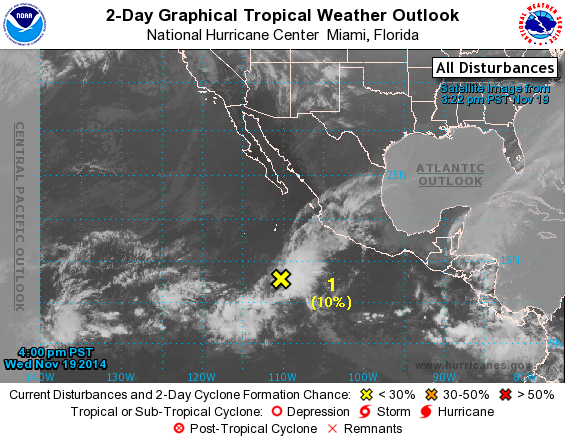
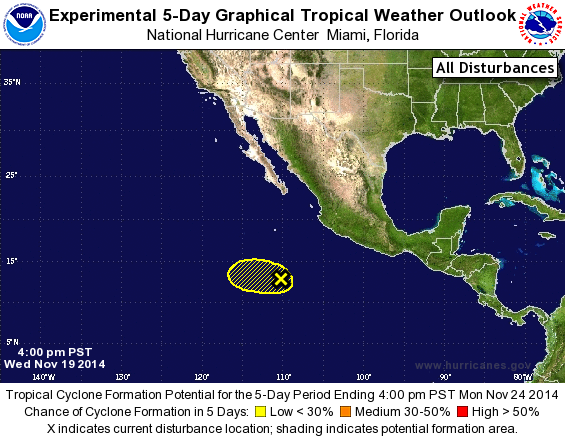
For the eastern North Pacific...east of 140 degrees west longitude:

1. Showers and thunderstorms associated with a westward-moving trough of low pressure located about 600 miles south-southwest of Manzanillo, Mexico have become a little more concentrated this afternoon. However, upper-level winds are not currently conducive for tropical cyclone formation.
* Formation chance through 48 hours...low...10 percent.
* Formation chance through 5 days...low...10 percent.

Forecaster Beven